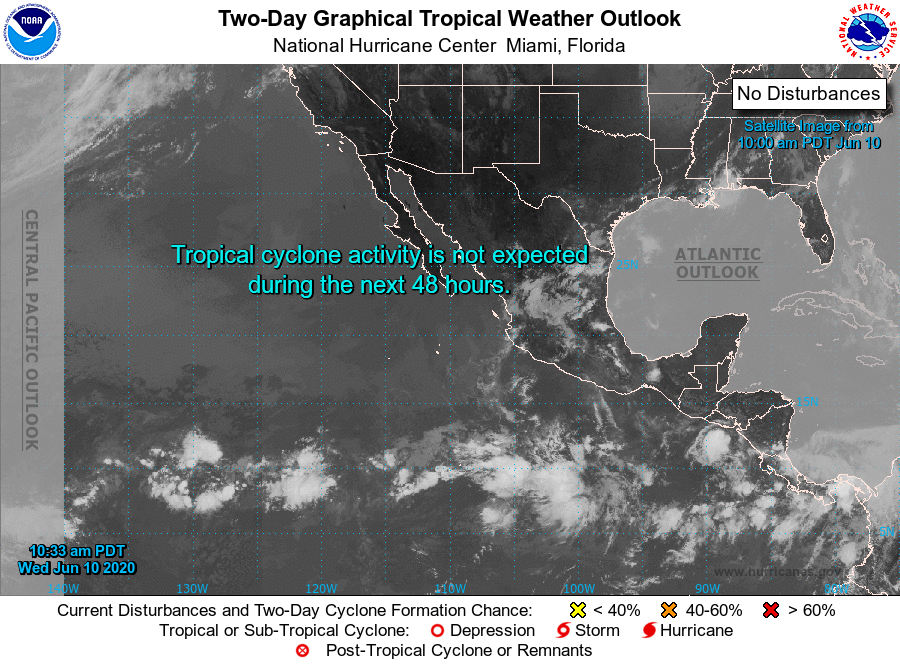
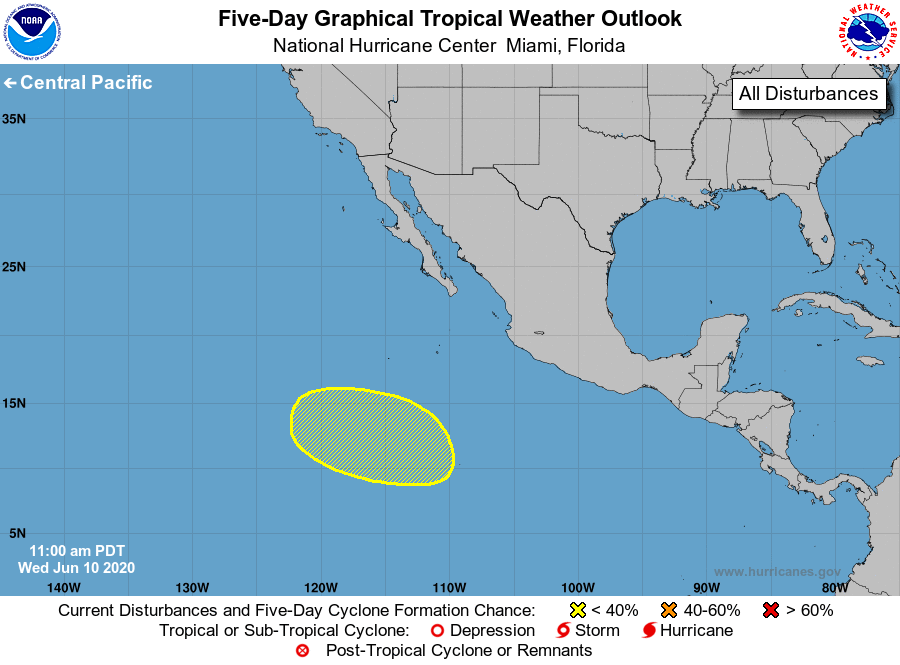
For the eastern North Pacific...east of 140 degrees west longitude:

1. An area of low pressure is forecast to form well south-southwest of the southern tip of the Baja California peninsula this weekend. Environmental conditions are expected to be conducive for gradual development of this system by early next week while it moves west-northwestward.
* Formation chance through 48 hours...low...near 0 percent.
* Formation chance through 5 days...low...20 percent.

Forecaster Brown